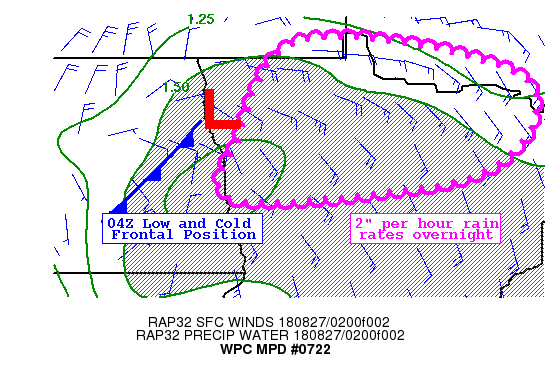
Areas affected...Northern Minnesota

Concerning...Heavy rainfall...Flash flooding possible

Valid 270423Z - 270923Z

Summary...Heavy thunderstorms ahead of low pressure will continue
across northern Minnesota through the early morning hours.

Discussion...A frontal and prefrontal line of thunderstorms are
congealing just east of the Red River of the North. These will
continue to move east-northeast across northern Minnesota over the
next few hours. 1.6" PW will continue to advect north into this
area ahead of the surface low that was along the ND/MN border at
04Z. This moisture, the lift from the low, and 1500-2000 J/Kg
MLCAPE moving in will allow heavy thunderstorms to continue
overnight. Rain rates of 1.5 to 2" have been recently sampled over
northwestern MN and can be expected to continue.

Recent HRRR runs (including the 03Z) depict the threat continues
through about 09Z before the activity lifts into Ontario or
dissipates. Rain this week has generally been over north-central
MN and south, so this threat area in far northern MN has drier
antecedent conditions. One hour FFG is generally 2" or higher.
However, the expectation for localized repeating heavy cells
warrants a possible flash flood threat.